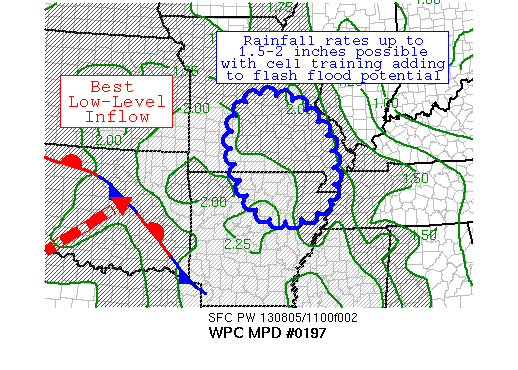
AREAS AFFECTED...SOUTHERN MO AND NORTHEAST AR

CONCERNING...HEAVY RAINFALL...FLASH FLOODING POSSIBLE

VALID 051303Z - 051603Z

SUMMARY...THE CLOUD TOPS OF TRAINING CONVECTION ACROSS
SOUTH-CENTRAL MO HAS SHOWN SOME RECENT COOLING ON SATELLITE
IMAGERY, AND LOW-LEVEL INFLOW HAS SHOWN A RECENT UPTICK IN
INTENSITY.  FLASH FLOODING WILL BE POSSIBLE IN THIS REGION OVER
THE NEXT FEW HOURS.

DISCUSSION...A CONVECTIVE MASS ACROSS SOUTH-CENTRAL MO HAS BEEN
RELATIVELY STEADY STATE OVER THE PAST COUPLE HOURS, WITH SOME
BACKBUILDING ALONG ITS NORTHWEST FRINGE CONTINUING.  DIVERGENCE IS
BEING CAUSED BY THE SOUTHERN FRINGE OF THE WESTERLIES, WITH NO
STRONG SHORTWAVE ALOFT INVOLVED.  LOW-LEVEL INFLOW AT THE 850 HPA
LEVEL HAS RECENTLY INCREASED TO 40-45 KNOTS, IMPORTING MUCAPE
VALUES IN EXCESS OF 2000 J/KG -- WHICH ARE NOT EXPECTED TO
DECREASE -- OVER A SURFACE FRONT WITH CIN FORCING CONVECTION TO BE
ELEVATED NORTHEAST OF A STATIONARY FRONT, WHICH REMAINS WELL TO
THE SOUTHWEST ACROSS OK.  THESE VALUES ARE ENOUGH TO MAINTAIN
ONGOING ORGANIZED CONVECTION.

RAINFALL RATES OF UP TO 1-1.5 INCHES PER HOUR HAVE BEEN SEEN IN
THE STRONGER ACTIVITY PER NSSL QPE ESTIMATES, WHICH EXCEED HOURLY
FLASH FLOOD GUIDANCE VALUES -- FFGS.  RECENT CLOUD TOP COOLING
SUGGESTS THAT SLIGHTLY HIGHER RAINFALL RATES, ON THE ORDER OF
1.5-2 INCHES PER HOUR, ARE POSSIBLE.  AS THERE IS CELL TRAINING,
THREE HOURLY FFGS ARE EXPECTED TO BE EXCEEDED ON A LOCAL BASIS,
THOUGH THE ACTIVITY SHOULD SHIFT SOMEWHAT SOUTH AND EASTWARD
THROUGH THE REMAINDER OF THE MORNING AS THE BEST 850 HPA INFLOW
VEERS TOWARDS A MORE WEST-EAST AXIS/ORIENTATION.  THE GUIDANCE IS
SHOWING MIXED SIGNALS IN REGARDS TO ITS CONTINUED EXISTENCE, WITH
THE 06Z HRRR SHOWING AN IMMEDIATE COLLAPSE TO THIS ACTIVITY, WHILE
THE 11Z RAP RUN RECENTLY REVERSED ITS FORECAST OF DECREASING
LOW-LEVEL INFLOW, AND NOW MAINTAINS 35+ KNOTS OF LOW-LEVEL INFLOW
THROUGH 17Z, WHICH SUPPORTS RECENT VAD WIND PROFILES ACROSS KS AND
MO.  CLIMATOLOGY FOR THE PRECIPITABLE WATER VALUES INVOLVED --
2.25 INCHES WHICH IS ABOVE THE 90TH PERCENTILE FOR EARLY AUGUST --
SUGGEST ACTIVITY SHOULD KEEP GOING TO 15Z.  AS A COMPROMISE, WILL
ALLOW THE MPD TO BE VALID UNTIL 16Z FOR POSSIBLE REGIONAL FLASH
FLOODING.